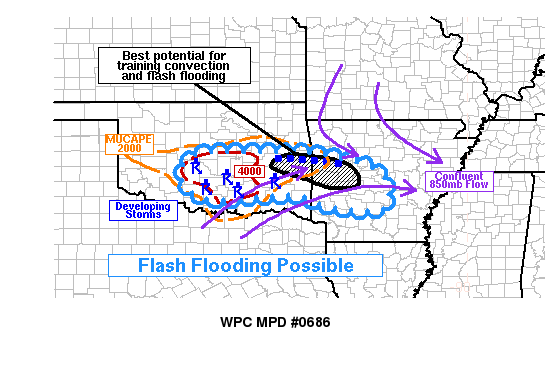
Areas affected...Central/Eastern Oklahoma, Western Arkansas

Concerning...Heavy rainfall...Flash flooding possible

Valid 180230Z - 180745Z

Summary...Thunderstorms should continue to develop near the
Oklahoma-Arkansas border and may begin to slowly sink southeast
overnight. These storms could produce locally heavy rainfall in
excess of 3 inches, which could lead to flash flooding. Ground
conditions would favor flash flooding closer to I-40 and Fort
Smith, where heavy rainfall in the past week has been focused.
Further west, into central Oklahoma, scattered thunderstorms may
persist for another few hours. Although these storms may be less
organized, they could move slowly enough to lead to very localized
areas of heavy rainfall. The risk of flash flooding would be lower
in those areas, but should still exist for another couple hours.

Discussion...KSRX radar shows a developing convective line
oriented west-east just south of Interstate-40 near the OK-AR
border. This line was developing in a region of confluent
925-850mb flow that should persist overnight, and provide a focus
for renewed convective growth. The line was also situated on the
eastern periphery of a reservoir of very strong instability, and
the low-level flow just above the surface has a substantial
westerly component as it begins to approach the confluence zone.
Therefore, thunderstorms should have a tendency to backbuild, and
most convection-allowing models show this process in some form
continuing overnight in far eastern Oklahoma and into Arkansas. As
the convection becomes better established, it should gradually
sink south as it trains, consistent with a northerly component to
the deep layer mean wind and Corfidi vectors. The flash flood risk
appears to be highest in association with this activity, given the
favorable mesoscale setup for training. Precipitable water values
around 1.7 inches (per CIRA blended TPW) should support rain rates
around 1-2 in/hr, and if sustained for a couple hours these could
exceed flash flood guidance.

Further west, scattered convection was developing near the
instability max, where RAP analysis showed MUCAPE values over 4000
j/kg. The limiting factor in central Oklahoma would be a lack of
strong forcing to focus convective development in a particular
area. Thus far, thunderstorms that have developed have not been
sustained for a particularly long period of time. Nevertheless,
given similar PWs, the rain rates could reach 1-2 in/hr and
produce localized flooding. The risk of flash flooding is lower,
but cannot be ruled out, particularly with merging or splitting
cells that could have motions that deviate from the mean flow. One
feature of interest to be watched is a northward propagating
outflow boundary pushing toward OKC metro area on KTLX radar. This
boundary is beginning to reach some stronger approx 10 knot
northeasterly flow over the metro area, which could begin to slow
its progress and increase convergence. If the boundary was to
begin to stall and convergence could be sustained in a particular
area for even a couple hours, convective growth could be
sufficiently concentrated to lead to a flash flood risk. However,
convective coverage along the boundary thus far has been somewhat
limited, so that outcome is far from certain.